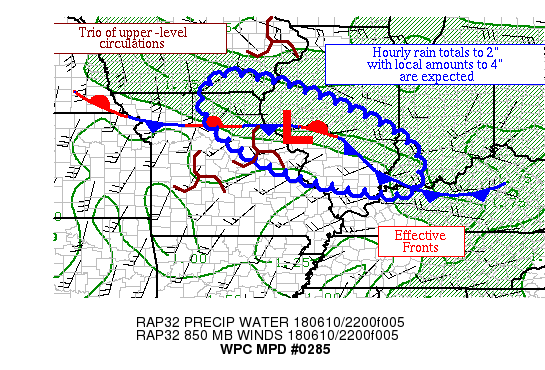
AREAS AFFECTED...PORTIONS OF THE MID-MISSISSIPPI & LOWER OH
VALLEYS

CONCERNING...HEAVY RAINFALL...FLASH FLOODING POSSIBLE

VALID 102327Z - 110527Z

SUMMARY...THUNDERSTORMS SLOWLY DROPPING THROUGH IL INTO
SOUTHERNMOST IN CONTINUE TO SHOW OCCASIONAL TRAINING
CHARACTERISTICS WHILE CELL COVERAGE SLOWLY EXPANDS.  HOURLY RAIN
TOTALS TO 2" WITH LOCAL AMOUNTS TO 4" ARE EXPECTED OVER THE NEXT
SEVERAL HOURS.

DISCUSSION...THUNDERSTORMS ARE ON THE VERGE OF LEAVING MPD #282
ACROSS IL AND SOUTHERN IN.  A MESOSCALE WAVE OF LOW PRESSURE SOUTH
OF SPRINGFIELD IL APPEARS TO BE HOLDING UP THE BOUNDARIES
PROGRESSION ACROSS IL WHILE THE REMAINDER OF THE OUTFLOW BOUNDARY
PLOWS FORWARD ACROSS THE OHIO RIVER NEAR THE IN/KY BORDER.
DIVERGENCE ALOFT APPEARS TO BE SPONSORED BY A TRIO OF PAIR LEVEL
CIRCULATIONS OVER MO AND AN MCV MOVING ACROSS EASTERN IA.
PRECIPITABLE WATER VALUES OF 1.5-1.75" LURK ACROSS THE AREA PER
GPS DATA.  INFLOW AT 850 HPA IS CONVERGENT OUT OF THE WEST AT
15-20 KTS PER VAD WIND PROFILES, NEAR OR JUST ABOVE THE MAGNITUDE
OF THE 850-400 HPA MEAN WIND.  THE LOW-LEVEL FLOW IS IMPORTING ML
CAPE VALUES OF ~2000 J/KG FROM EASTERN MO AND SOUTHERN IL.
EFFECTIVE BULK SHEAR IS NEAR 25 KTS PER SPC MESOANALYSES.

THE 12Z WRF NSSL AND 18Z NAM CONEST APPEAR TO HAVE THE BEST IDEA
FOR EXPECTATIONS IN THIS REGION.  INFLOW INTO THE REGION IS NOT
EXPECTED TO FADE AND COULD BUMP UP SLIGHTLY LATER TONIGHT.  THIS
IS REFLECTED IN THE 12Z GFS-BASED GALVEZ-DAVISON INSTABILITY INDEX
WHICH SHOWS INCREASING INSTABILITY  AND THE THREAT OF GREATER CELL
COVERAGE WITH TIME.  CONVECTION SHOULD CONTINUE TO BACKBUILD INTO
NORTHEAST MO/POSSIBLY SOUTHEAST IA WITH TIME TOWARDS THE EASTERN
FRINGE OF A LARGER BUBBLE OF 2500-3000 J/KG INSTABILITY.  THE
CONCERN IS THAT WHEN CIN SETS IN AROUND 02Z THAT THE CONVECTION
COULD HALT ITS SOUTHWARD PROGRESSION ACROSS IL -- OR WORSE --
SHIFT A LITTLE NORTHWARD INTO THE MU CAPE GRADIENT WHICH IS BACK
UP ACROSS CENTRAL IL.  THE MESOSCALE GUIDANCE SHOWS A SIGNAL FOR
LOCAL AMOUNTS IN THE 3-4" RANGE, WHICH APPEARS REASONABLE.  HOURLY
RAIN TOTALS UP TO 2" CONTINUE TO BE EXPECTED.  THESE TOTALS SHOULD
CHALLENGE THREE HOURLY FLASH FLOOD GUIDANCE VALUES IN THE AREA.